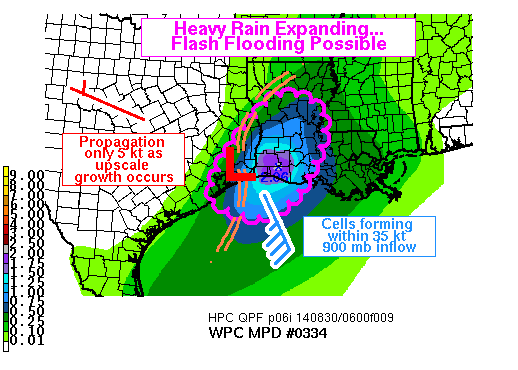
AREAS AFFECTED...WRN LA...CENTRAL LA...SE TX

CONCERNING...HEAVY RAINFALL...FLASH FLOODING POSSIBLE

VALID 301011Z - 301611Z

SUMMARY...A HEAVY RAIN EVENT WAS GRADUALLY MATURING AT 0945Z.
MODELS CONTINUE TO SHOW STRONG EVIDENCE OF EXPANSION AND
INTENSIFICATION THROUGH 15Z. MODERATE FORCING WITHIN AN UNUSUALLY
MOIST ENVIRONMENT MAY YIELD EXCESSIVE RAIN AND FLASH FLOODING.

DISCUSSION...THE RAPIDLY UPDATING MODELS CONTINUED WITH A
CONSISTENT OUTPUT OF MULTIPLE INCHES OF RAIN OVER A BROAD PART OF
SOUTHWEST LA AND ADJACENT SE TX THROUGH 15Z. CONSISTENCY OF THE
MODELED LOCATION OF THIS EVENT WAS EVIDENCED BY AN UNUSUALLY HEAVY
2-3 INCH SWATH FROM THE NEW EMC NCASE...A 15-MEMBER ENSEMBLE MEAN
CONSISTING OF MULTI-PHYSICS MEMBERS AND TIME LAGGED MEMBERS OF THE
HRRR...ARW...NMM...AND NAM CONUS NEST. NUMEROUS INDIVIDUAL HRRR
RUNS PREDICT SMALL SCALE LOCAL MAXIMA ABOVE 6 INCHES DURING THIS
SAME TIME.

THUS FAR DUAL-POL ESTIMATES HAVE REMAINED NEAR OR BELOW 2 INCHES
IN AN HOUR...BUT EXPECT CLOUD DEPTH TO INCREASE IF UPSCALE GROWTH
OCCURS AS PREDICTED...AT WHICH TIME WEAK COLD POOLS WILL ENHANCE
CONVERGENCE ALONG THE LEADING EDGE OF 35 KT NEAR-SURFACE INFLOW.
WITH PW VALUES ABOVE 2.25 INCHES...AND CORFIDI VECTORS CALLING FOR
ONLY 5 KT EASTWARD PROPAGATION OF A MATURE MCS...RAIN RATES AND
INSTANCES OF TRAINING ARE LIKELY TO INCREASE. THE RESULT...AS
SUGGESTED BY THE MODELS...COULD BE MULTIPLE INCHES OF RAIN IN A
SHORT TIME...CAPABLE OF EXCEEDING THE 3-4 INCH GRIDDED FLASH FLOOD
GUIDANCE IN THIS REGION.